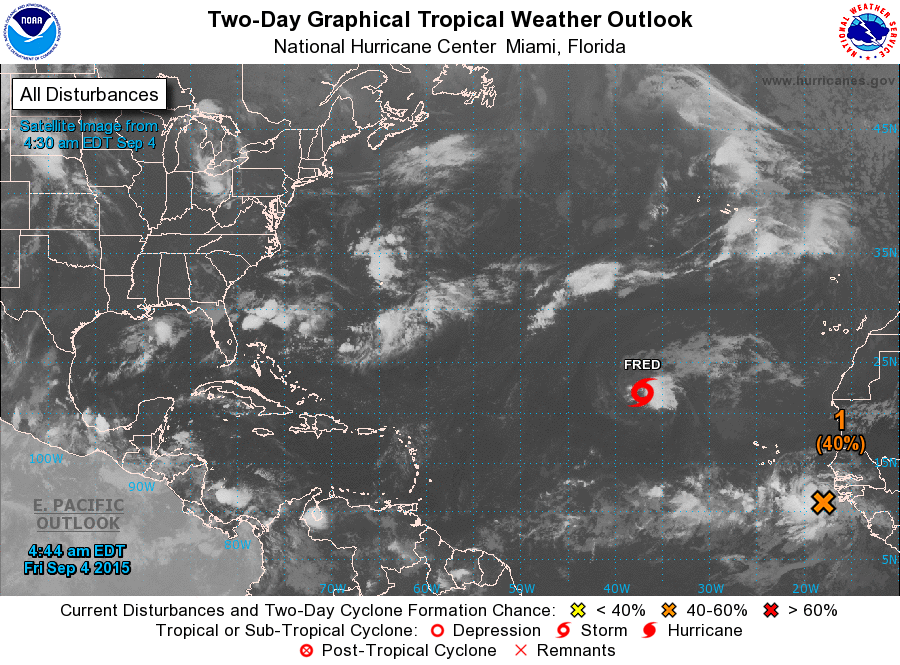
For the North Atlantic...Caribbean Sea and the Gulf of Mexico:

The National Hurricane Center is issuing advisories on Tropical Storm Fred, located several hundred miles west-northwest of the Cape Verde Islands.

1. A tropical wave located just offshore of the west coast of Africa is producing a large area of showers and thunderstorms. This system shows signs of organization and has the potential for some development as it moves westward at 15 to 20 mph across the tropical Atlantic during the next few days.
* Formation chance through 48 hours...medium...40 percent
* Formation chance through 5 days...medium...60 percent

Forecaster Beven